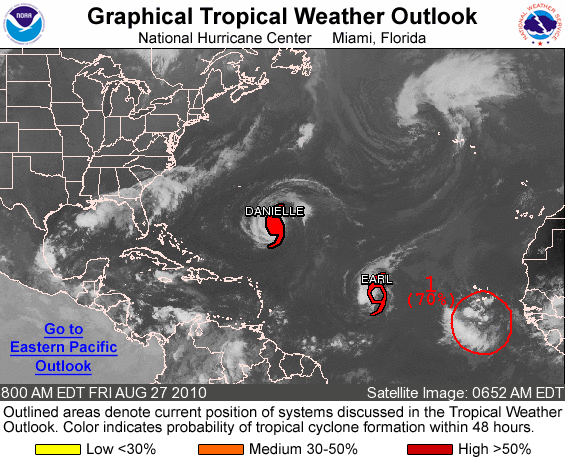
FOR THE NORTH ATLANTIC...CARIBBEAN SEA AND THE GULF OF MEXICO...

THE NATIONAL HURRICANE CENTER IS ISSUING ADVISORIES ON MAJOR HURRICANE DANIELLE...LOCATED ABOUT 545 MILES SOUTHEAST OF BERMUDA...AND ON TROPICAL STORM EARL...LOCATED ABOUT 1430 MILES EAST OF THE NORTHERN LEEWARD ISLANDS.

1. A VIGOROUS TROPICAL WAVE ACCOMPANIED BY A BROAD LOW PRESSURE SYSTEM IS CENTERED ABOUT 210 MILES SOUTH-SOUTHEAST OF THE SOUTHERNMOST CAPE VERDE ISLANDS. ALTHOUGH SHOWER AND THUNDERSTORM ACTIVITY HAS CHANGED LITTLE OVERNIGHT...ENVIRONMENTAL CONDITIONS REMAIN FAVORABLE FOR SOME DEVELOPMENT OF THIS SYSTEM...AND A TROPICAL DEPRESSION COULD FORM DURING THE NEXT COUPLE OF DAYS. THERE IS A HIGH CHANCE...70 PERCENT...OF THIS SYSTEM BECOMING A TROPICAL CYCLONE DURING THE NEXT 48 HOURS AS IT MOVES WESTWARD AT 15 MPH.

ELSEWHERE...TROPICAL CYCLONE FORMATION IS NOT EXPECTED DURING THE NEXT 48 HOURS.

FORECASTER STEWART